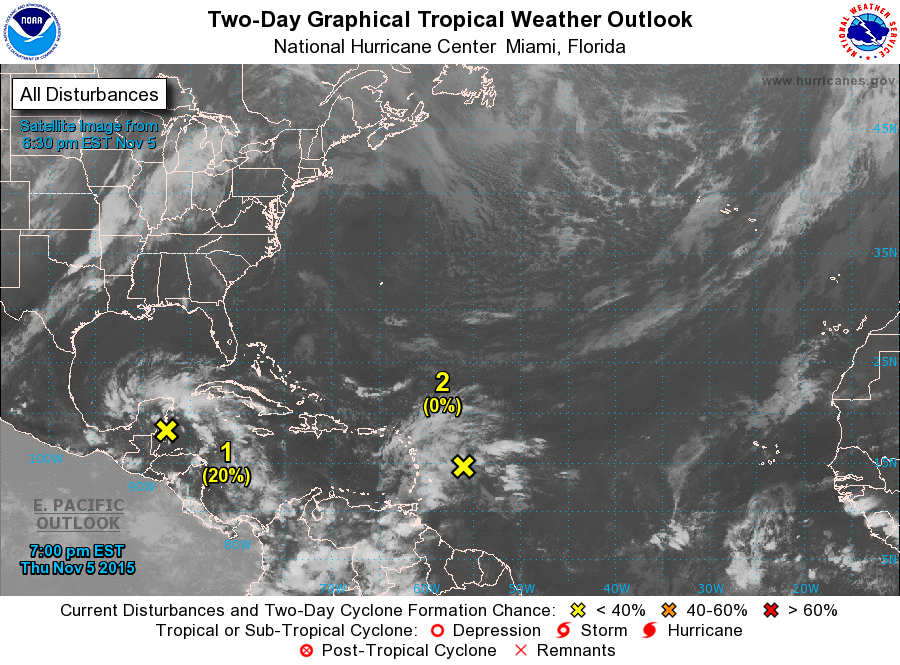
For the North Atlantic...Caribbean Sea and the Gulf of Mexico:

1. A broad area of low pressure over the northwestern Caribbean Sea continues to produce disorganized shower and thunderstorm activity. This system is expected to move west-northwestward across the Yucatan Peninsula into the southwestern Gulf of Mexico by the weekend. Some slow development is possible during the couple of days. After that time, the low is expected to encounter a cold front, which would make additional development unlikely.
* Formation chance through 48 hours...low...20 percent
* Formation chance through 5 days...low...20 percent

2. A large area of cloudiness and showers near the Leeward Islands extending eastward for several hundred miles is associated with the interaction of an upper-level trough and a tropical wave. Although upper-level winds are forecast to be too strong for development over the next couple of days, heavy rain is possible in the Leeward Islands while the system moves through the area. By late in the weekend, when the system is forecast to be near or north of Puerto Rico, environmental conditions are forecast to become more favorable, and some development of the disturbance is possible early next week while it moves northwestward.
* Formation chance through 48 hours...low...near 0 percent
* Formation chance through 5 days...low...30 percent

Forecaster Blake